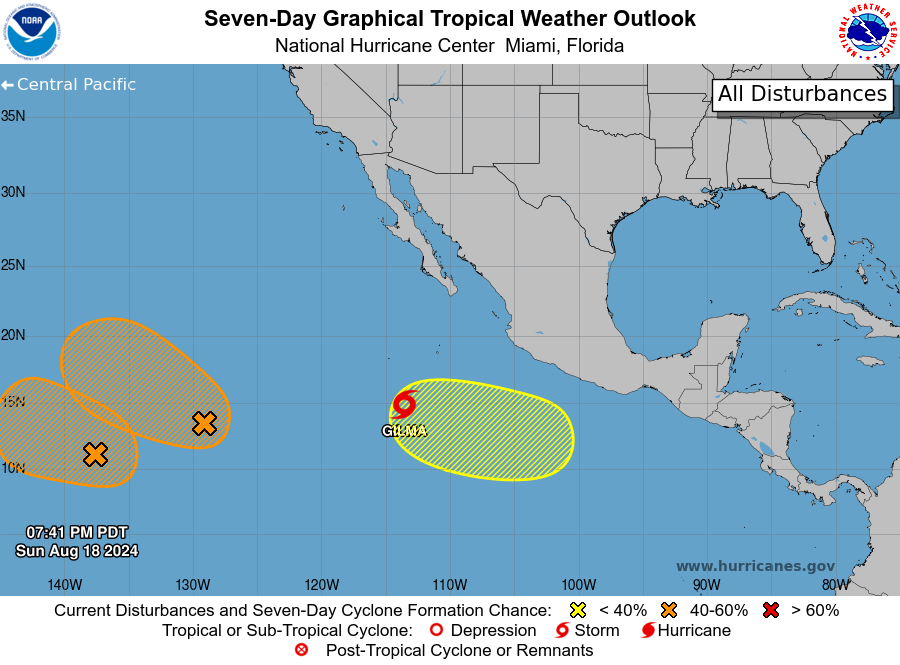
For the eastern North Pacific...east of 140 degrees west longitude:

The National Hurricane Center is issuing advisories on recently upgraded Tropical Storm Gilma located several hundred miles south-southwest of the southern tip of the Baja California peninsula.

1. Well Southeast of the Hawaiian Islands (EP90): A low pressure system located well southeast of the Hawaiian Islands is producing disorganized showers and thunderstorms. This disturbance is forecast to interact with the disturbance located to its east-northeast. If this system becomes the dominant disturbance, some gradual development is possible, and a tropical depression could form in the next couple of days while it initially moves slowly over the western portion of the East Pacific. A faster west-northwestward motion into the Central Pacific basin is likely by the latter portion of the week. Information on this system's development can also be found in the Tropical Weather Outlook for the Central Pacific basin.
* Formation chance through 48 hours...medium...40 percent.
* Formation chance through 7 days...medium...60 percent.

2. Western Portion of the East Pacific: Disorganized showers and thunderstorms continue in association with a broad trough of low pressure located well west-southwest of the southern tip of the Baja California peninsula. This system is forecast to interact with another disturbance to its west-southwest over the next few days which could limit additional development. Regardless, a tropical depression could still form during the middle part of the week while the system moves generally west-northwestward before it possibly merges with the disturbance currently located further west. Information on this system's development can also be found in the Tropical Weather Outlook for the Central Pacific basin.
* Formation chance through 48 hours...low...20 percent.
* Formation chance through 7 days...medium...40 percent.

3. Eastern and Central Portion of the East Pacific: An area of low pressure could form well to the south of the southwestern coast of Mexico around the middle of the week. Environmental conditions appear generally conducive for some slow development of this system thereafter as it moves slowly west-northwestward into the central portion of the East Pacific basin.
* Formation chance through 48 hours...low...near 0 percent.
* Formation chance through 7 days...low...20 percent.

The Tropical Weather Outlook for the Central Pacific basin can be found under AWIPS header HFOTWOCP and WMO header ACPN50 PHFO and on the web at hurricanes.gov

Public Advisories on Tropical Storm Gilma are issued under WMO header WTPZ32 KNHC and under AWIPS header MIATCPEP2. Forecast/Advisories on Tropical Storm Gilma are issued under WMO header WTPZ22 KNHC and under AWIPS header MIATCMEP2.

Forecaster Bucci